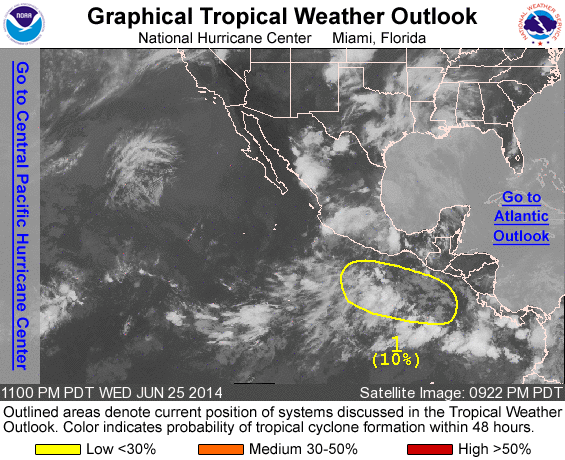
For the eastern North Pacific...east of 140 degrees west longitude:

1. An area of cloudiness and disorganized showers and thunderstorms extends for several hundred miles offshore of the coast of southern Mexico and Central America. An area of low pressure is expected to form in a couple of days within this region of disturbed weather south of the coast of Mexico, and conditions appear favorable for this system to become a tropical cyclone this weekend or early next week while it moves west-northwestward.
* Formation chance through 48 hours...low...10 percent.
* Formation chance through 5 days...high...60 percent.

Forecaster Brennan